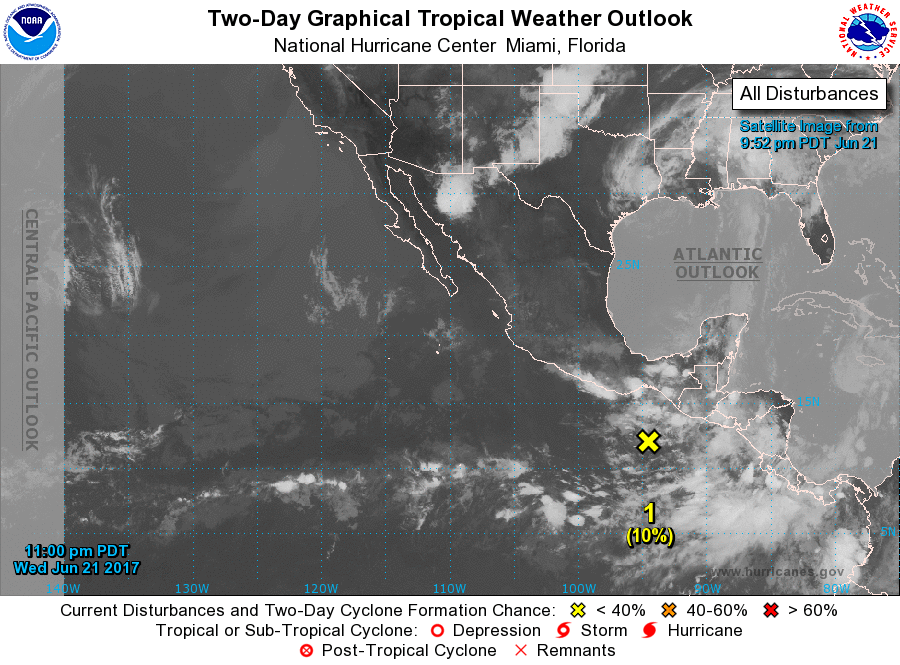
For the eastern North Pacific...east of 140 degrees west longitude:

1. A broad area of low pressure is located a few hundred miles south of the Gulf of Tehuantepec and is producing limited showers and thunderstorms. Some development of this system is possible by this weekend while it moves westward to west-northwestward parallel to the coast of Mexico.
* Formation chance through 48 hours...low...10 percent.
* Formation chance through 5 days...low...20 percent.

Forecaster Roberts